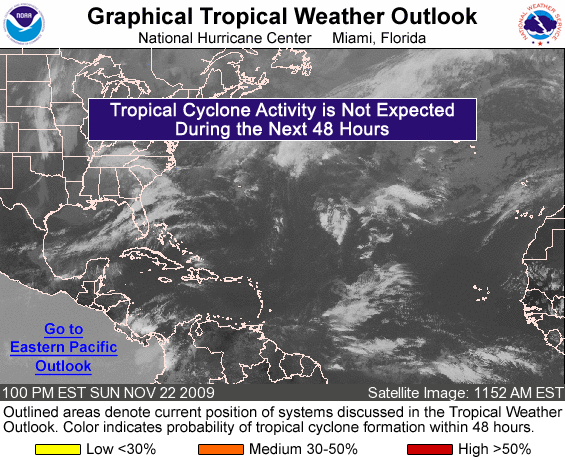
FOR THE NORTH ATLANTIC...CARIBBEAN SEA AND THE GULF OF MEXICO...

TROPICAL CYCLONE FORMATION IS NOT EXPECTED DURING THE NEXT 48 HOURS.

FORECASTER BROWN